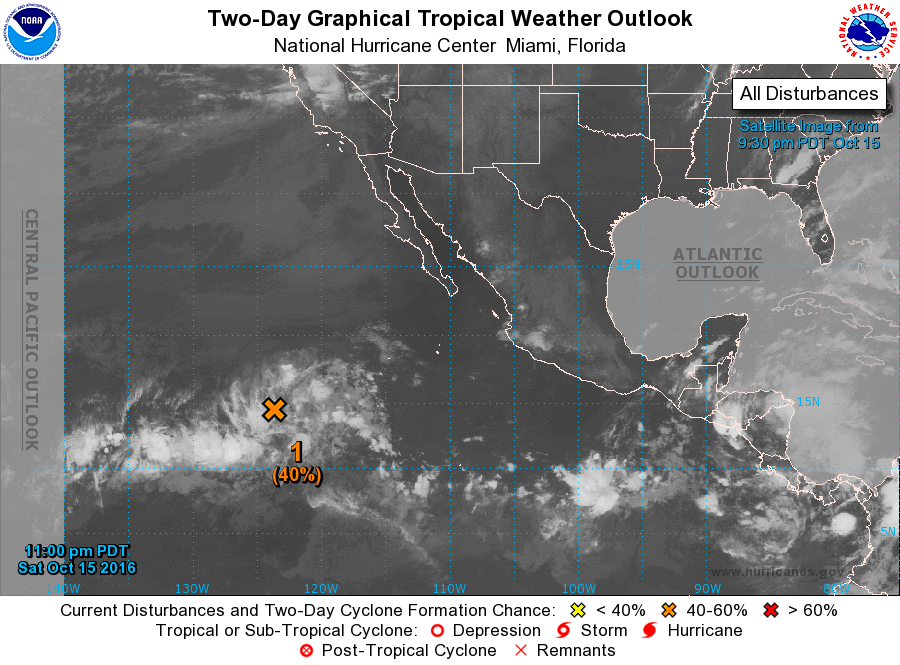
For the eastern North Pacific...east of 140 degrees west longitude:

1. A broad area of low pressure located about 1000 miles southwest southwest of the southern tip of the Baja California peninsula is producing disorganized shower activity. Environmental conditions still appear to be conducive for some gradual development, and a tropical depression could form by early next week while the disturbance moves generally westward at 10 to 15 mph.
* Formation chance through 48 hours...medium...40 percent
* Formation chance through 5 days...medium...60 percent

Forecaster Avila